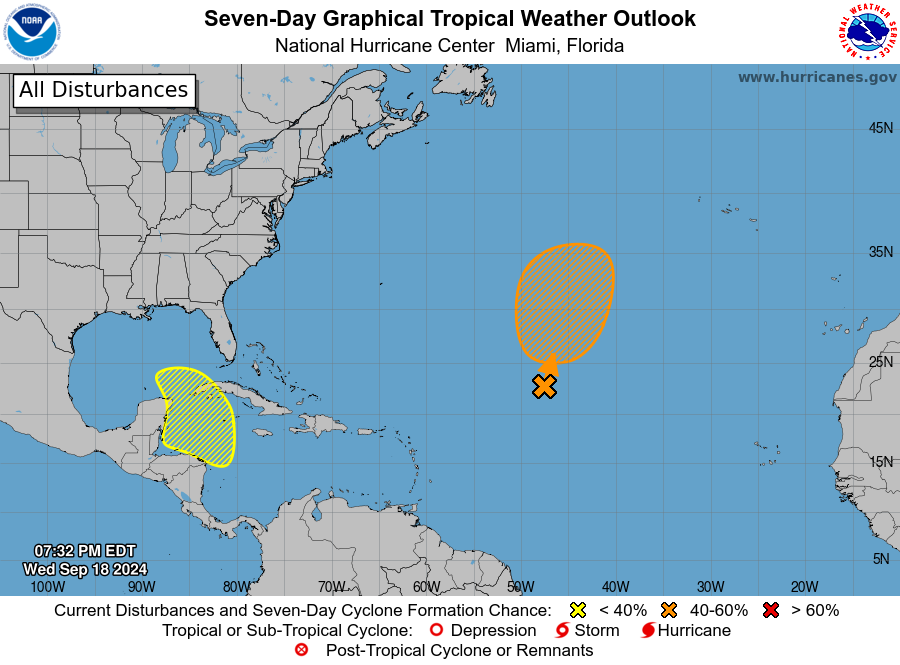
For the North Atlantic...Caribbean Sea and the Gulf of Mexico:

1. Central Subtropical Atlantic (Remnants of Gordon): An area of disorganized showers and thunderstorms located over the central tropical Atlantic is associated with the remnants of Gordon. This system is forecast to interact with a non-tropical low to its northwest while moving north-northeastward at 5 to 10 mph during the next couple of days. Environmental conditions could become more conducive for development later this week, and a tropical depression or storm could re-form in a few days while the system moves slowly northward over the central subtropical Atlantic.
* Formation chance through 48 hours...low...20 percent.
* Formation chance through 7 days...medium...50 percent.

2. Northwestern Caribbean Sea: A broad area of low pressure could form late this weekend or early next week over the western and northwestern Caribbean Sea. Thereafter, some slow development of this system is possible through the middle of next week while it moves slowly to the north or northwest over the northwestern Caribbean Sea or the southeastern Gulf of Mexico.
* Formation chance through 48 hours...low...near 0 percent.
* Formation chance through 7 days...low...30 percent.

Forecaster Beven